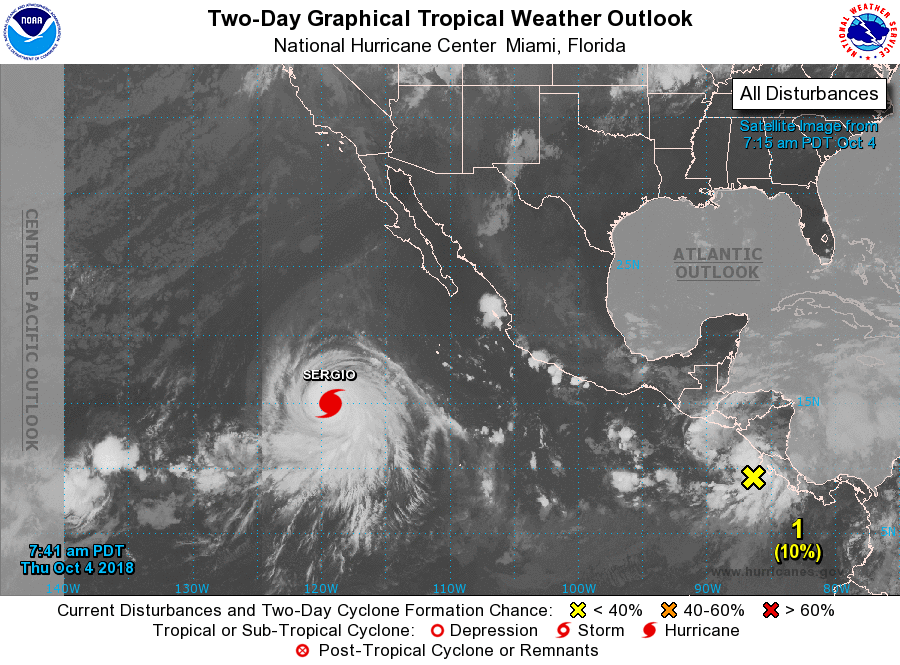
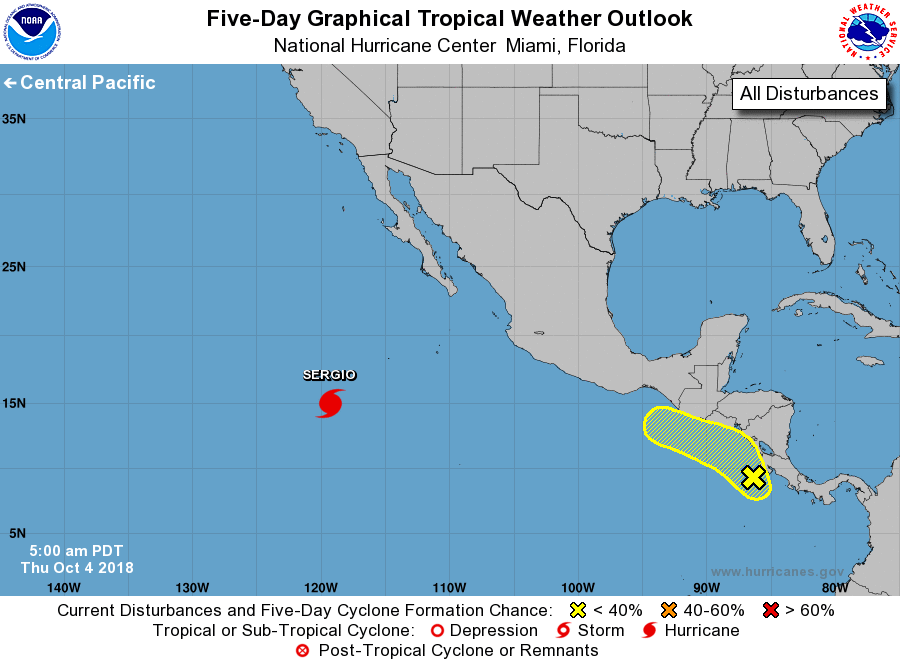
For the eastern North Pacific...east of 140 degrees west longitude:

The National Hurricane Center is issuing advisories on Hurricane Sergio, located several hundred miles southwest of the southern tip of the Baja California peninsula.

1. A large area of disorganized showers and thunderstorms located over portions of Central America and the extreme eastern Pacific is associated with a broad area of low pressure. Some slow development of this system is possible over the next several days as the low drifts northward and northwestward near Central America. Regardless of development, heavy rains could cause flash floods and mudslides in mountainous areas of western Costa Rica, Nicaragua, Honduras, El Salvador and Guatemala through early next week.
* Formation chance through 48 hours...low...10 percent.
* Formation chance through 5 days...low...30 percent.

Forecaster Cangialosi